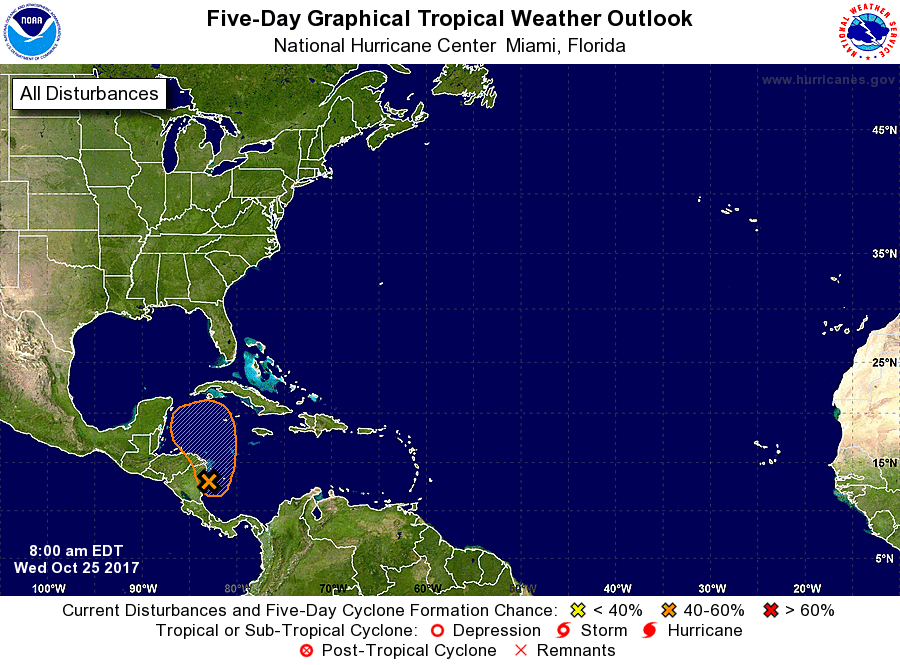
For the North Atlantic...Caribbean Sea and the Gulf of Mexico:

1. A broad area of low pressure located over the western Caribbean Sea continues to produce disorganized showers and thunderstorms over Nicaragua, Honduras, and the adjacent waters. Close proximity to land is likely to limit development of this system for the next day or so. However, environmental conditions are expected to be conducive for the system to become more organized later this week as it moves slowly northward over the northwestern Caribbean Sea. Strong upper-level winds associated with an approaching cold front will likely prevent further development by Sunday. Regardless of development, locally heavy rains are likely over portions of Central America and Cuba during the next several days.
* Formation chance through 48 hours...low...20 percent.
* Formation chance through 5 days...medium...40 percent.

Forecaster Zelinsky